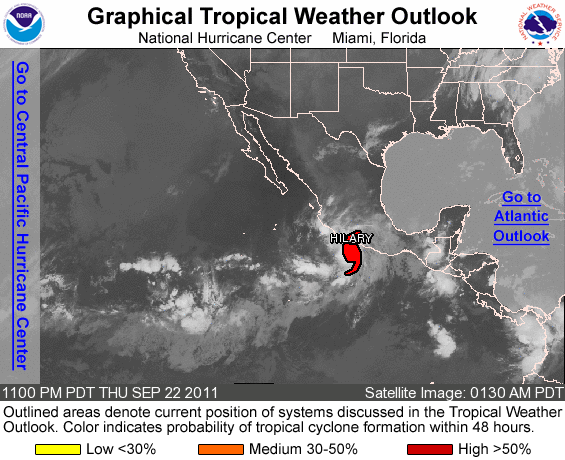
FOR THE EASTERN NORTH PACIFIC...EAST OF 140 DEGREES WEST LONGITUDE..

THE NATIONAL HURRICANE IS ISSUING ADVISORIES ON HURRICANE HILARY... LOCATED ABOUT 115 MILES WEST-SOUTHWEST OF ACAPULCO MEXICO.

ELSEWHERE...TROPICAL CYCLONE FORMATION IS NOT EXPECTED DURING THE NEXT 48 HOURS.

FORECASTER KIMBERLAIN